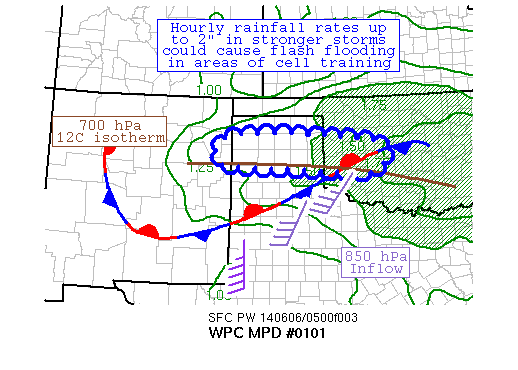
AREAS AFFECTED...NORTHEAST NM...TX PANHANDLE...WEST-CENTRAL OK

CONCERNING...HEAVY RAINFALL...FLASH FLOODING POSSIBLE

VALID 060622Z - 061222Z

SUMMARY...A FORMING BAND OF CONVECTION IS EXPECTED TO LENGTHEN
ALONG AN EAST-WEST AXIS AND COULD TRAIN FOR A FEW HOURS DUE TO
INCREASING 850 HPA INFLOW.  REGIONAL FLASH FLOODING IS CONSIDERED
POSSIBLE.

DISCUSSION...A NEW BAND OF THUNDERSTORMS HAS FORMED FROM FAR
NORTHEAST NM ACROSS THE TX PANHANDLE, WHICH IS LENGTHENING FROM
WEST TO EAST.  PRECIPITABLE WATER VALUES AROUND 1.50" EXIST IN THE
REGION, NEAR THE 99TH PERCENTILE FOR THE FIRST WEEK OF JUNE.
CAPES OF 2000-3000 J/KG AND 40-50 KNOTS OF 0-3 KM SHEAR
EXIST...THESE PARAMETERS ARE ON THE HIGH END FOR THE WET
MULTI-CELL ENVIRONMENT.  WARM TEMPERATURES AT 700 HPA, AROUND 12C,
ARE FORCING THE CONVECTION TO BE ELEVATED IN NATURE ACROSS
NORTHERN TX.

ACTIVITY ON THE WESTERN END OF THE BAND COULD BACKBUILD OVER THE
NEXT FEW HOURS DUE TO INCREASING 850 HPA INFLOW, WHICH WAS HINTED
AT IN THE 00Z GFS CORFIDI VECTORS.  A COLD POOL FROM ONGOING
ACTIVITY COULD STRENGTHEN THE SURFACE FRONTAL ZONE TO THE SOUTH,
ALLOWING THUNDERSTORMS TO CONTINUE TO RAMP UP IN INTENSITY.  THE
04Z RAP HINTS IN ITS 850 HPA WIND PATTERN THAT THE BAND COULD
CONTINUE ELONGATING EASTWARD INTO WESTERN OK OVER THE NEXT SEVERAL
HOURS, WHICH COULD ALLOW FOR A FEW HOURS OF TRAINING WITHIN THE
DEPICTED AREA.  THIS EXPECTATION IS MOST IN LINE WITH THE 00Z ARW.
 INFLOW AT 850 HPA SHOULD RELAX AROUND 12Z, WHICH WAS ROUGHLY USED
AS THE VALID TIME OF THIS MPD.  HOURLY RAINFALL RATES OF 2" IN
STRONGER CELLS AND THE EXPECTED CELL TRAINING COULD CAUSE REGIONAL
FLASH FLOODING.